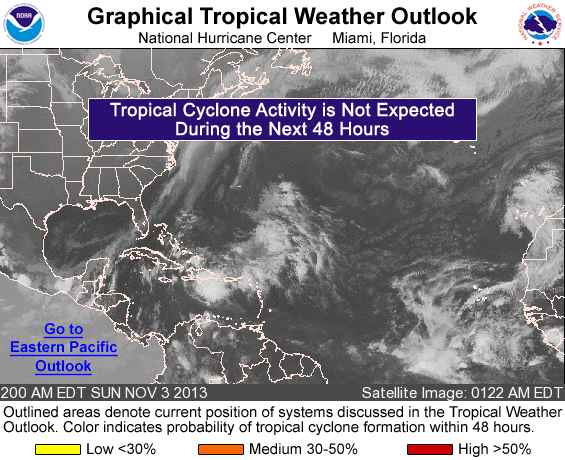
FOR THE NORTH ATLANTIC...CARIBBEAN SEA AND THE GULF OF MEXICO...

AN AREA OF SHOWERS AND THUNDERSTORMS EXTENDING FROM THE DOMINICAN REPUBLIC SOUTHWARD OVER THE CENTRAL CARIBBEAN SEA IS ASSOCIATED WITH A BROAD AND WEAK AREA OF LOW PRESSURE INTERACTING WITH AN UPPER-LEVEL LOW. ENVIRONMENTAL CONDITIONS ARE EXPECTED TO REMAIN GENERALLY UNFAVORABLE FOR DEVELOPMENT WHILE THE SURFACE LOW DRIFTS WESTWARD DURING THE NEXT FEW DAYS. THIS SYSTEM HAS A LOW CHANCE... 10 PERCENT...OF BECOMING A TROPICAL CYCLONE DURING THE NEXT 48 HOURS...AND A LOW CHANCE...10 PERCENT...OF BECOMING A TROPICAL CYCLONE DURING THE NEXT 5 DAYS. REGARDLESS OF DEVELOPMENT...HEAVY RAINFALL AND FLOODING IS POSSIBLE ACROSS PORTIONS OF HISPANIOLA... PUERTO RICO...AND THE VIRGIN ISLANDS DURING THE NEXT COUPLE OF DAYS.

&&
FIVE-DAY FORMATION PROBABILITIES ARE EXPERIMENTAL IN 2013. COMMENTS ON THE EXPERIMENTAL FORECASTS CAN BE PROVIDED AT...

HTTP://WWW.NWS.NOAA.GOV/SURVEY/NWS-SURVEY.PHP?CODE=ETWO

FORECASTER BERG